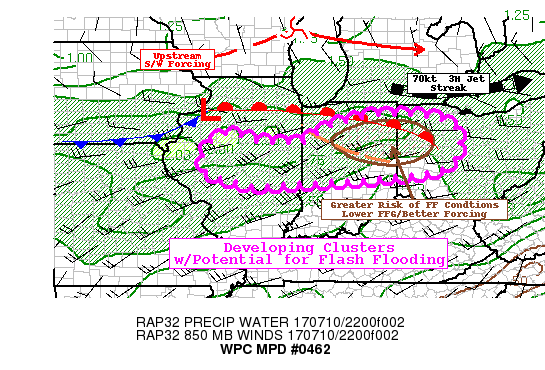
AREAS AFFECTED...CENTRAL IL...NORTHERN & CENTRAL IND...WESTERN OH

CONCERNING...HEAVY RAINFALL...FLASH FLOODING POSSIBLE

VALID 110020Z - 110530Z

SUMMARY...POTENTIAL FOR FLASH FLOODING AS CONVECTIVE CELLS
ORGANIZE AND ISENTROPIC WAA ASCENT REGIME TAKES OVER.

DISCUSSION...STRONG INSTABILITY WITH 2000-4500 J/KG OF MLCAPE FROM
NW OH TO WEST CENTRAL IL AND SUFFICIENT LOW LEVEL CONVERGENCE HAS
SPARKED STRONG CONVECTIVE CELLS ALONG/AHEAD OF THE COLD FRONT IN W
IL AND IN PROXIMITY OF THE WARM FRONT ACROSS N IND TOWARD NW OH.
SOME OF THE CLUSTERS ARE BEGINNING TO GROW UPSCALE WITH EXPANSION
OF STORMS TOWARD CLUSTERS WITH POTENTIALLY A FEW SMALL MCS
STRUCTURES DEVELOPING AFTER 00Z.

GOES-16 WV AND VISIBLE LOOP DEPICT LARGER SCALE FORCING ASSOCIATED
WITH A DIGGING SHORTWAVE OVER CENTRAL WI WITH A RELATIVELY FLAT
EXTENSION OF ENERGY ACROSS S LK MI.  THIS COUPLED WITH AN EXITING
60-70KT 3H JET STREAK OVER SE MI ATTM SUPPORTS STRONGER FORCING
AND SYNOPTIC ASCENT PATTERN FOR THE CONVECTION NEAR THE WARM FRONT
OVER NE IND/NW OH AS WELL AS NEAR A WEAK NW-SE PRESSURE TROF FROM
NEAR RZL TO SW OF MIE. STRONGER WSW LLJ OF 30-35KTS SHOULD
CONTINUE TO SUPPORT STRONG MST FLUX AND INCREASING RAINFALL
EFFICIENCY FOR CONVECTION AND GIVEN PRIOR ROUND OF CONVECTION LAST
EVENING...GROUND CONDITIONS ARE A BIT MORE COMPROMISED AND
SUSCEPTIBLE TO FLASH FLOODING.  HOWEVER...FLOODING POTENTIAL IS
CURRENTLY CONDITIONAL GIVEN THE UPSTREAM DEVELOPMENT WHICH HAS THE
POTENTIAL FOR UNDERCUTTING THE BEST MST FLUX/INSTABILITY TO EACH
COMPLEX.  THIS IS IN LINE WITH RECENT HRRR AND RAP MODEL
SOLUTIONS.

FURTHER WEST IN CENTRAL IL...GUIDANCE HAS BEEN UNDER-PERFORMING
THE STRENGTH/COVERAGE THAT IS CURRENTLY EVOLVING NEAR PIA. THE
STRONGER INSTABILITY (DEVELOPING COLD POOL) AND PROXIMITY TO THE
500-1000MB THICKNESS RIDGE SUPPORTS STRONGER SOUTHWARD AND
EVENTUALLY SOUTHWESTWARD PROPAGATION VECTORS FEEDING OFF UPSTREAM
INSTABILITY. HOWEVER...WITHOUT PROXIMITY FROM BEST UPPER LEVEL
SUPPORT/FORCING LLJ IS LIKELY TO BE A BIT WEAKER AS WELL AS
VEERING WITH TIME MEANING A DECREASED WAA REGIME AND EVENTUALLY
TOWARD CAA.  THIS LEADS TO A LOWER POTENTIAL FOR TRAINING/SLOW
CELL MOTIONS AND GIVEN HIGHER FFG IN THE VICINITY THERE MAY BE
LESS POTENTIAL FOR FF AS WELL.  STILL IN THE SHORT-TERM FF THREAT
IS NON-ZERO GIVEN THE STRONGER CELLS WITHIN FAVORABLE LOW LEVEL
INFLOW ENVIRONMENT WITH TPWS OVER 1.75".  THIS HAS THE POTENTIAL
FOR RATES OVER 2" AND THEREFORE A SWATH OF 2-3" TOTALS.